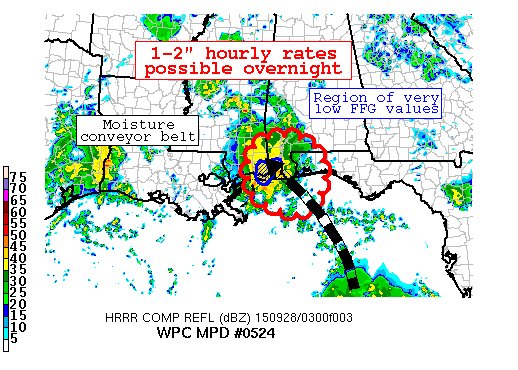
AREAS AFFECTED...EXTREME SOUTHEASTERN MS/SOUTHERN AL/WESTERN FL
PANHANDLE...

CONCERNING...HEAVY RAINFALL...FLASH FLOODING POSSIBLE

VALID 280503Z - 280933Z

SUMMARY...ADDITIONAL HEAVY RAINFALL EXPECTED TONIGHT AS THE
MOISTURE CONVEYOR BELT AIMS AT THE EASTERN GULF COAST. GIVEN
ANTECEDENT CONDITIONS IN THE SOILS ARE WET FROM EARLIER HEAVY
RAINFALL...EXPECT THE POTENTIAL FOR FLASH FLOODING OVER THESE SAME
AREAS.

DISCUSSION...A BROAD MID/UPPER LEVEL CENTERED ALONG THE UPPER TX
COAST HAS CONTINUED TO CIRCULATE DEEP TROPICAL MOISTURE TOWARD THE
EASTERN GULF COAST REGION. THE BLENDED-TPW PRODUCT AND GPS DATA
SUPPORT 2 TO 2.25 INCH PWATS ACROSS THE MPD AREA. IN ADDITION TO
THE ABUNDANT MOISTURE IN PLACE...SURFACE OBSERVATIONS SHOW A
DISTINCT REGION OF WEST-EAST ORIENTED CONVERGENCE ALONG SOME SORT
OF MESOSCALE BOUNDARY. THIS APPEARS TO BE A FOCUS FOR CONVECTIVE
REGENERATION WHICH SEEMS TO ALIGN WITH THE MODEL-DERIVED BUOYANCY
GRADIENT. WHILE THE BEST INSTABILITY REMAINS OFFSHORE...THE 03Z
RAP OBJECTIVE ANALYSIS SHOWS 500 TO 1000 J/KG OF MUCAPE TRICKLING
TOWARD THE AL/FL BORDER. RECENT DUAL-POL RADAR DATA OUT OF KMOB
SHOWS THE STRONGEST UPDRAFTS REMAIN OFFSHORE BUT HAVE BEEN
SUPPORTING 1 TO 2 INCH HOURLY RATES. IF THESE CONVECTIVE ELEMENTS
ARE MAINLY TO SPREAD INLAND...THIS COULD LEAD TO A THREAT FOR
FLASH FLOODING...PARTICULARLY OVER LOCATIONS OF FAR SOUTHEASTERN
MS/SOUTHWESTERN AL WHERE 6 TO 8 INCHES OF RAIN FELL EARLIER TODAY.

THERE IS A MIXED SIGNAL IN THE RECENT CAMS OF WHERE THE HEAVIEST
CONVECTION WILL CONGREGATE. GIVEN THE IMPRESSIVE MOISTURE FLUXES
LIFTING OUT OF THE GULF OF MX COMBINED WITH PREVIOUS HEAVY
RAINFALL...WILL KEEP THIS MPD IN EFFECT THROUGHOUT THE NIGHT AND
RE-ASSESS AROUND 0930Z.